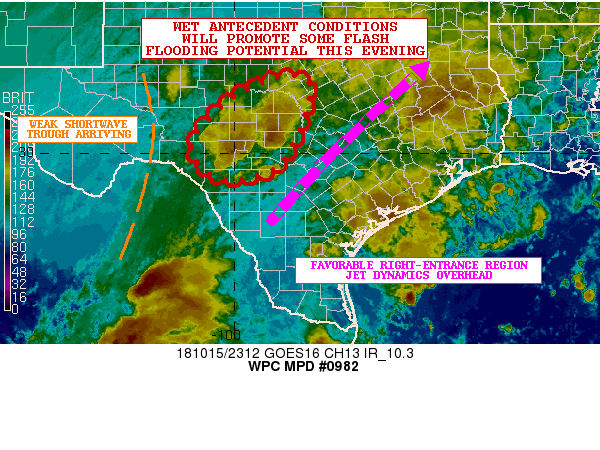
Areas affected...TX Hill Country

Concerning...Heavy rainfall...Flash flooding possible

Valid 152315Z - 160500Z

Summary...Additional showers and thunderstorms this evening may
result in some flash flooding given wet antecedent conditions.

Discussion...The latest GOES-16 IR satellite imagery has been
showing some additional cooling of cloud tops across the Rio
Grande Valley and toward the TX Hill Country as stronger
right-entrance region jet dynamics arriving across the region
interact with a nose of elevated instability. The heavier shower
activity has been tending to focus within an axis of MUCAPE values
that are between 500 and 1000 j/kg, and with PWATS of 1.5 to 1.7
inches which is fostering enhanced rainfall rates.

Some weak embedded shortwave energy crossing the TX Big Bend
within the deep layer southwest flow ahead of an upper trough
amplifying over the Southwest U.S. may tend to enhance the
rainfall a bit further over the next several hours as it
approaches the TX Hill Country.

The latest hires model guidance favors some additional rainfall
amounts through the evening hours of as much as 2 to 4 inches with
isolated heavier amounts. Many areas of the TX Hill Country have
already seen plenty of heavy rainfall recently, and soil
conditions are very moist if not saturated. The additional
rainfall through the evening may result in some increased runoff
concerns and possible flash flooding.